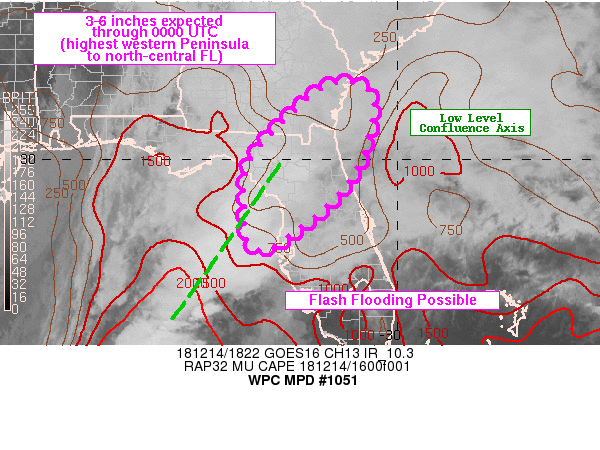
Areas affected...northern FL into eastern GA

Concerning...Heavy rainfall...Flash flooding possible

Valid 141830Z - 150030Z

Summary...Steady rainfall with embedded rainfall rates over 1
in/hr expected to affect northern FL into eastern GA through 00Z.
3-6 inch rainfall totals can be expected which may lead to
flooding and localized flash flooding.

Discussion...GOES 16 10.3 micron imagery through 18Z showed robust
convection in the eastern Gulf of Mexico with the coldest cloud
tops west of the central and northern FL peninsula, beneath a
broad area of upper diffluence. Blended TPW imagery showed values
ranging from 1.7 to 2.0 inches beneath the southwest to northeast
oriented convective cluster which appeared to be co-located within
an axis of 850 mb confluence.

As southwesterly flow ahead of a large upper low to the west
continues to advect higher low level moisture into northern FL,
MUCAPE values are expected to increase into the 500-1000 J/kg
range, helping to support increased rainfall rates relative to
average rainfall rates over the past few hours. Some of this
influence has already been noted at Cedar Key, FL where a rainfall
rate of 1.19 in/hr was observed through 1815Z. Expect widespread
rates of 0.5+ in/hr to increase across portions of northern FL
into eastern GA through 00Z with rates peaking in the 1-2 in/hr
range where unidirectional southwesterly flow allows training axes
to develop.

While the latitude of heaviest rainfall differs in the most recent
hi-res guidance, there is decent agreement on the short term
forecast with adjustments for observations supporting an axis of
3-6 inches from the Nature Coast into north-central FL and perhaps
eastern GA, with amounts ranging from higher to lower from
southwest to northeast. These rains are likely to cause localized
flooding with possible flash flooding in a few locations.